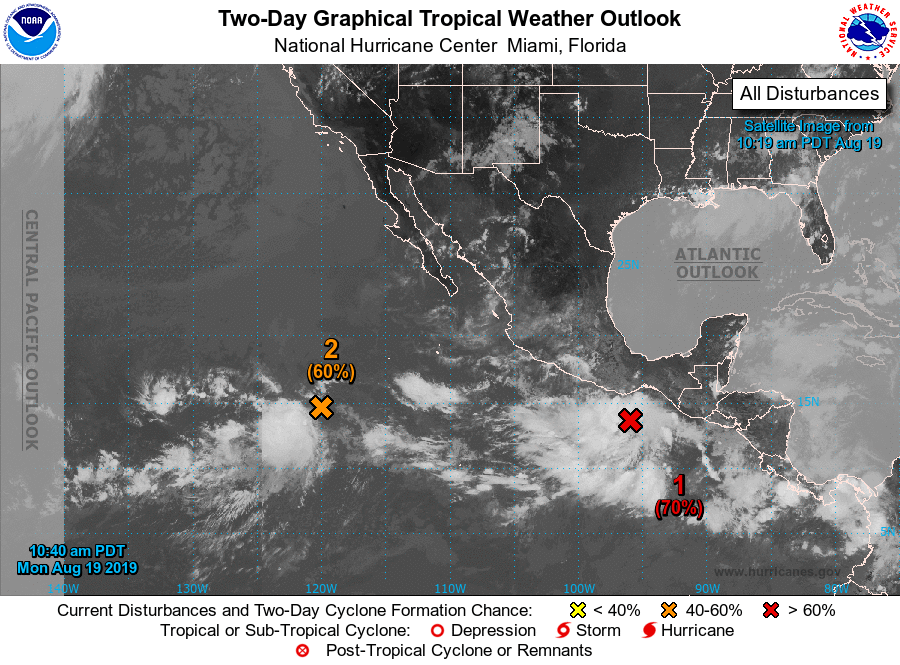
For the eastern North Pacific...east of 140 degrees west longitude:

1. Showers and thunderstorms associated with an area of low pressure located a couple of hundred miles southeast of the southern coast Mexico have become better organized during the past several hours. Environmental conditions are conducive for further development, and a tropical depression is likely to form during the next day or two while the low moves west-northwestward at about 10 mph parallel to the coast of Mexico. Moisture associated with this disturbance could produce heavy rainfall and possible flash flooding across portions of Guatemala and southeastern Mexico during the next couple of days.
* Formation chance through 48 hours...high...70 percent.
* Formation chance through 5 days...high...90 percent.

2. A low pressure system located a little over 900 miles southwest of the southern tip of the Baja California peninsula continues to produce a large area of cloudiness and thunderstorms. Environmental conditions are expected to become more conducive for development by mid-week, and a tropical depression is likely to form during the next few days while the system moves westward to west-northwestward at about 10 mph.
* Formation chance through 48 hours...medium...60 percent.
* Formation chance through 5 days...high...80 percent.

Forecaster Roberts